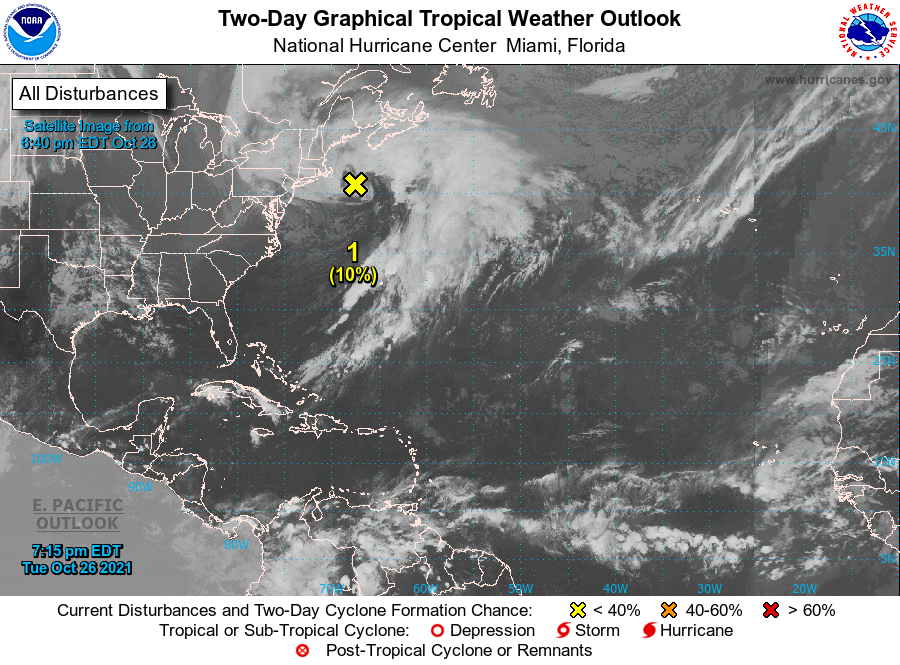
For the North Atlantic...Caribbean Sea and the Gulf of Mexico:

1. A deepening, non-tropical low pressure system with storm-force winds is located about 150 miles east-southeast of Cape Cod, Massachusetts. The extratropical low is expected to meander off of the mid-Atlantic and northeastern U.S. coasts through Wednesday, bringing rain and wind impacts to portions of those areas. Thereafter, the low is expected to move eastward away from the United States, and it could acquire some subtropical characteristics while it moves eastward or southeastward over the warmer waters of the central Atlantic late this week and this weekend. For more information on this system, including storm warnings, see products issued by your local National Weather Service office and High Seas Forecasts issued by the National Weather Service.
* Formation chance through 48 hours...low...10 percent.
* Formation chance through 5 days...medium...40 percent.

High Seas Forecasts issued by the National Weather Service can be found under AWIPS header NFDHSFAT1, WMO header FZNT01 KWBC, and online at ocean.weather.gov/shtml/NFDHSFAT1.php

Forecaster Reinhart